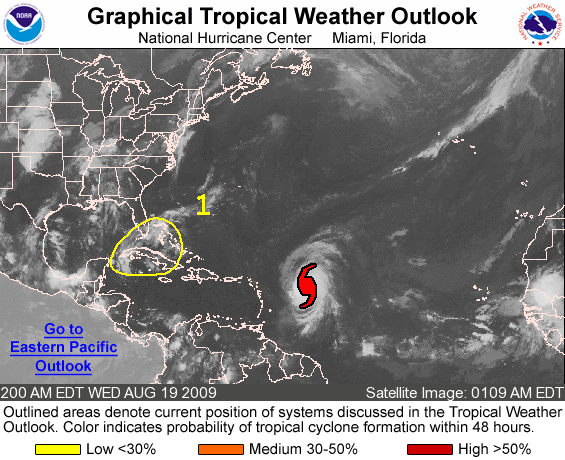
FOR THE NORTH ATLANTIC...CARIBBEAN SEA AND THE GULF OF MEXICO...

THE NATIONAL HURRICANE CENTER IS ISSUING ADVISORIES ON HURRICANE BILL...LOCATED ABOUT 555 MILES EAST OF THE LEEWARD ISLANDS.

1. DISORGANIZED SHOWERS AND THUNDERSTORMS EXTENDING FROM THE NORTHWESTERN CARIBBEAN SEA ACROSS CUBA AND SOUTH FLORIDA TO THE WESTERN BAHAMAS IS ASSOCIATED WITH THE REMNANTS OF TROPICAL DEPRESSION ANA INTERACTING WITH AN UPPER-LEVEL LOW PRESSURE AREA. THIS ACTIVITY IS MOVING TOWARD THE WEST-NORTHWEST AT 20 TO 25 MPH AND WILL BE SPREADING INTO THE SOUTHEASTERN GULF OF MEXICO TODAY. THIS SYSTEM SHOWS NO SIGNS OF REGENERATION AT THIS TIME AND THERE IS A LOW CHANCE...LESS THAN 30 PERCENT...OF THIS SYSTEM BECOMING A TROPICAL CYCLONE AGAIN DURING THE NEXT 48 HOURS.

ELSEWHERE...TROPICAL CYCLONE FORMATION IS NOT EXPECTED DURING THE NEXT 48 HOURS.

FORECASTER BEVEN